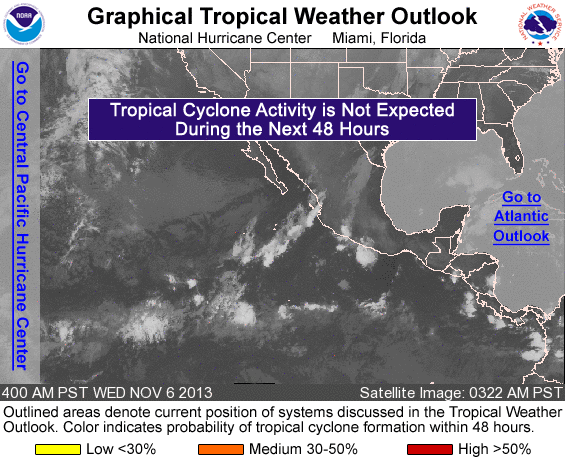
FOR THE EASTERN NORTH PACIFIC...EAST OF 140 DEGREES WEST LONGITUDE..

TROPICAL CYCLONE FORMATION IS NOT EXPECTED DURING THE NEXT 5 DAYS.

&&
FIVE-DAY FORMATION PROBABILITIES ARE EXPERIMENTAL IN 2013. COMMENTS ON THE EXPERIMENTAL FORECASTS CAN BE PROVIDED AT...

HTTP://WWW.NWS.NOAA.GOV/SURVEY/NWS-SURVEY.PHP?CODE=ETWO

FORECASTER BEVEN